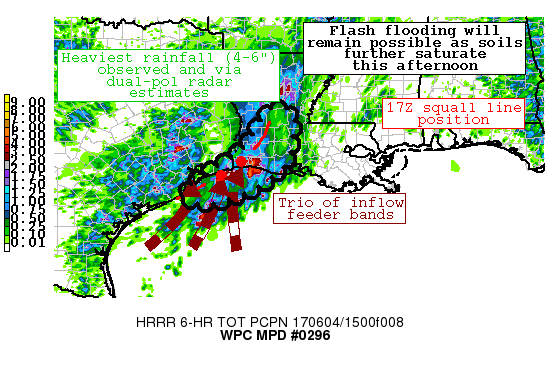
AREAS AFFECTED...FAR SOUTHEASTERN TX/SOUTHWESTERN LA...

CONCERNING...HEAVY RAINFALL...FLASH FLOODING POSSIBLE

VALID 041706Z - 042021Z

SUMMARY...RAINFALL RATES IN EXCESS OF 2 INCHES PER HOUR SHOULD
CONTINUE WITHIN A DEEP TROPICAL AIR MASS COUPLED WITH PERSISTENT
REGENERATION ALONG THE OFFSHORE FEEDER BANDS. GIVEN INCREASINGLY
SATURATED SOILS FROM THE HEAVY RAINFALL THIS MORNING...FLASH
FLOODING WILL BE POSSIBLE...ESPECIALLY ALONG THE UPPER TX COAST
EXTENDING TO THE TX/LA BORDER.

DISCUSSION...EXPERIMENTAL GOES-16 VISIBLE SATELLITE IMAGERY
DEPICTED THREE INFLOW FEEDER BANDS INTERCEPTING THE UPPER TX
COAST. THE WESTERN MOST BAND HAS BEEN THE MOST ACTIVE WITH MORE
VERTICALLY DEVELOPED CONVECTIVE TOPS AND HAS BEEN A FOCUS FOR
REGENERATION ALONG THE SOUTHWESTERN FLANK OF THE SQUALL LINE. THE
KLCH DUAL-POL RADAR ESTIMATES HAVE SUGGESTED 2 TO 3 INCH HOURLY
AMOUNTS WHICH HAS BEEN CONFIRMED BY A FEW MESONET OBSERVATIONS.
THIS CONVECTIVE COMPLEX ALREADY HAS A HISTORY OF PRODUCING FLASH
FLOOD CONDITIONS WITH A REPORT JUST SOUTHWEST OF BEAUMONT TX A
COUPLE HOURS AGO. GIVEN THE SLOW-MOVING NATURE OF THIS
SYSTEM...PARTICULARLY ALONG THE SOUTHWESTERN EXTENT OF THE
COMPLEX...FLASH FLOODING WILL REMAIN POSSIBLE UNTIL THE SQUALL
LINE BECOMES FORWARD-PROPAGATING.

THE THERMODYNAMIC ENVIRONMENT IN PLACE REMAINS FAVORABLE GIVEN
2000 TO 3000 J/KG OF SURFACE-BASED INSTABILITY ACROSS THE INFLOW
REGION. THIS REMAINS IN THE PRESENCE OF HIGHLY CONFLUENT LOW-LEVEL
FLOW (PER VAD-WIND PROFILE DATA) AND PRECIPITABLE WATER VALUES
NEARING/EXCEEDING 2 INCHES. WHILE NOT EVIDENT SO MUCH IN SATELLITE
IMAGERY...HIGH-RESOLUTION GUIDANCE INDICATES A WEAKENING TREND THE
NEXT FEW HOURS. MEANWHILE...ADDITIONAL DEVELOPMENT IS SUGGESTED
FARTHER UPSTREAM IN ADVANCE OF THE NEXT SHORTWAVE CURRENTLY EAST
OF THE BIG BEND. THIS WOULD ULTIMATELY BRING CONVECTION INTO THE
AFFECTED AREA AGAIN ALTHOUGH NOT CERTAIN HOW INTENSE THIS ACTIVITY
WOULD BE GIVEN HOW MUCH CONVECTIVE OVERTURNING HAS OCCURRED THIS
MORNING/EARLY AFTERNOON.